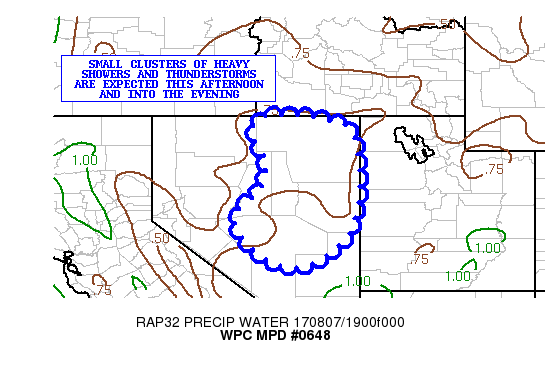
AREAS AFFECTED...CENTRAL/EASTERN NV

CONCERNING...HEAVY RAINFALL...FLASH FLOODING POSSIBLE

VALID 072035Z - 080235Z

SUMMARY...SCATTERED CLUSTERS OF SLOW-MOVING SHOWERS AND
THUNDERSTORMS ARE EXPECTED THROUGH THE AFTERNOON AND INTO THE
EVENING HOURS. SOME POCKETS OF FLASH FLOODING ARE POSSIBLE.

DISCUSSION...GOES-WEST VIS/IR SATELLITE IMAGERY IS SHOWING AN
EXPANSION OF CONVECTIVE TOPS OVER PORTIONS OF CENTRAL AND EASTERN
NV AS A WEAKENING UPPER LOW AND A DEFORMATION AXIS ALOFT WORK IN
TANDEM WITH STRONG DIURNAL HEATING AND A POOL OF PWATS THAT ARE
1.5 TO 2 SIGMAS ABOVE NORMAL.

SO FURTHER EXPANSION OF CONVECTION IS EXPECTED THIS AFTERNOON AND
INTO THE EVENING HOURS WITH GENERALLY SLOW CELL MOTIONS AS WEAKLY
DIFFLUENT FLOW ALOFT AND ADDITIONAL DIURNAL HEATING COMMENCES.
RAINFALL RATES OF UP TO 1 TO 1.5 INCHES/HR ARE EXPECTED...AND SOME
SMALLER SCALE CELL-MERGER ACTIVITY WILL BE POSSIBLE AS WELL WHICH
COULD CONTRIBUTE TO A FURTHER ENHANCEMENT OF RAINFALL RATES. THE
SLOW CELL MOTION IN PARTICULAR IS WHAT WILL TEND TO DRIVE THE
FLASH FLOOD THREAT AT LEAST LOCALLY.

THE LATEST 12Z HIRES MODEL CONSENSUS SUPPORTS AS MUCH AS 2 INCHES
OF RAIN...AND THIS WILL BE ENOUGH TO CAUSE AT LEAST SOME FLASH
FLOODING CONCERNS AND ESPECIALLY GIVEN THE SHORT-TERM NATURE OF
THE AMOUNTS.